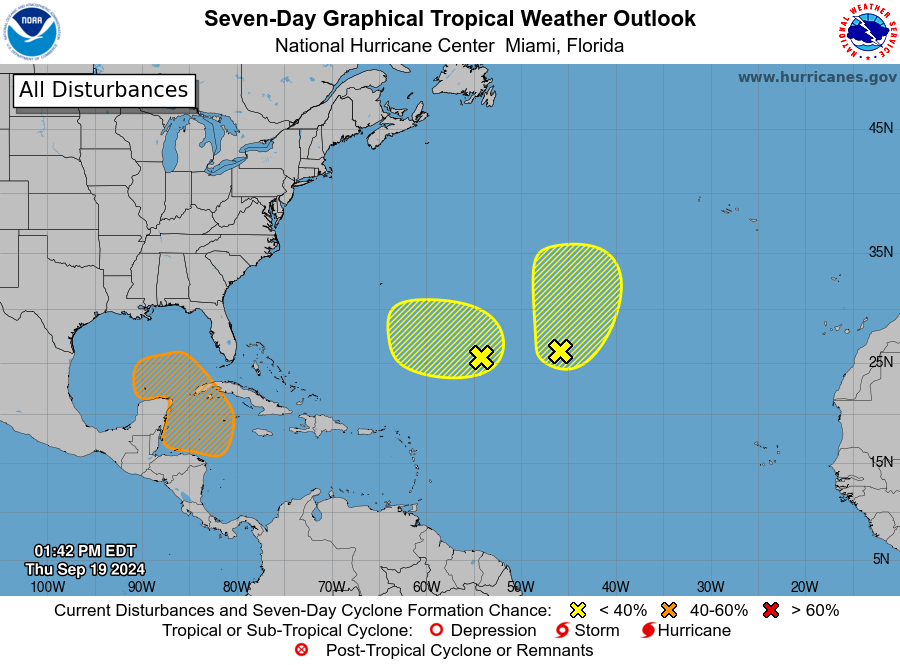
For the North Atlantic...Caribbean Sea and the Gulf of Mexico:

1. Central Subtropical Atlantic (Remnants of Gordon): An area of showers and thunderstorms located over the central subtropical Atlantic is associated with the remnants of Gordon. Some development of this system is possible while it moves northward or north-northeastward over the next few days.
* Formation chance through 48 hours...low...30 percent.
* Formation chance through 7 days...low...30 percent.

2. Central and Western Subtropical Atlantic: An area of low pressure located about 750 miles southeast of Bermuda is producing disorganized showers and thunderstorms. Environmental conditions appear only marginally conducive, but some development of this system is possible while it meanders over the open waters of the central or western Subtropical Atlantic though early next week.
* Formation chance through 48 hours...low...10 percent.
* Formation chance through 7 days...low...20 percent.

3. Northwestern Caribbean Sea and Southeastern Gulf of Mexico: A broad area of low pressure could form by early next week over the northwestern Caribbean Sea. Thereafter, gradual development of this system is possible, and a tropical depression could form as the system moves slowly to the north or northwest over the northwestern Caribbean Sea and into the southern Gulf of Mexico through the middle part of next week.
* Formation chance through 48 hours...low...near 0 percent.
* Formation chance through 7 days...medium...40 percent.

Forecaster Pasch